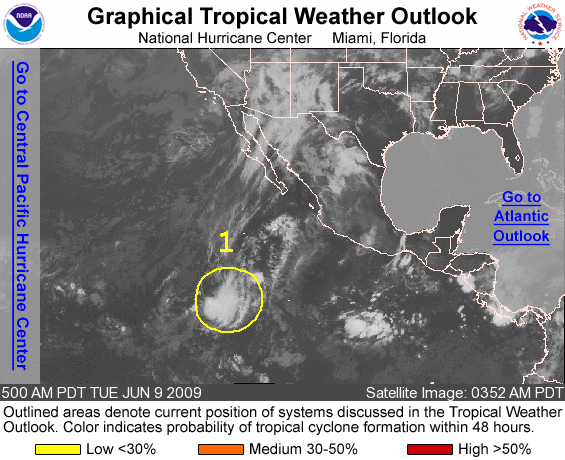
FOR THE EASTERN NORTH PACIFIC...EAST OF 140 DEGREES WEST LONGITUDE..

1. SHOWERS AND THUNDERSTORMS IN ASSOCIATION WITH A BROAD AREA OF LOW PRESSURE LOCATED ABOUT 1000 MILES SOUTH-SOUTHWEST OF THE SOUTHERN TIP OF BAJA CALIFORNIA HAVE BECOME LESS ORGANIZED SINCE YESTERDAY. DEVELOPMENT OF THIS SYSTEM...IF ANY...WILL BE SLOW TO OCCUR AS IT MOVES SLOWLY WEST-NORTHWESTWARD TO NORTHWESTWARD. THERE IS A LOW CHANCE...LESS THAN 30 PERCENT...OF THIS SYSTEM BECOMING A TROPICAL CYCLONE DURING THE NEXT 48 HOURS.

ELSEWHERE...TROPICAL CYCLONE FORMATION IS NOT EXPECTED DURING THE NEXT 48 HOURS.

FORECASTER KIMBERLAIN/AVILA